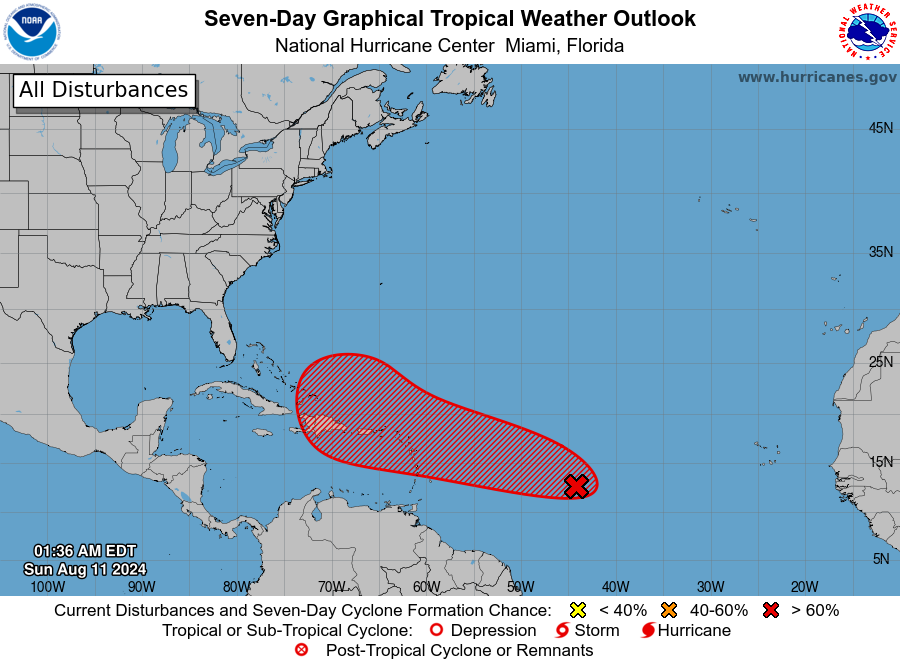
For the North Atlantic...Caribbean Sea and the Gulf of Mexico:

1. Near the Lesser and Greater Antilles (AL98): A broad area of showers and thunderstorms continue to show signs of organization in association with a tropical wave located roughly midway between the Cabo Verde Islands and the Lesser Antilles. Environmental conditions appear conducive for gradual development of this system during the next few days while it moves westward to west-northwestward at 15 to 20 mph across the central tropical Atlantic. A tropical depression is likely to form by the early part of this week while the system approaches and then moves near or over the Lesser Antilles. Interests on these islands should continue to monitor the progress of this system and watches could be required for portions of the area as soon as later today. The system is forecast to then move generally west-northwestward and could approach portions of the Greater Antilles by the middle to latter part of this week.
* Formation chance through 48 hours...medium...60 percent.
* Formation chance through 7 days...high...90 percent.

Forecaster Papin